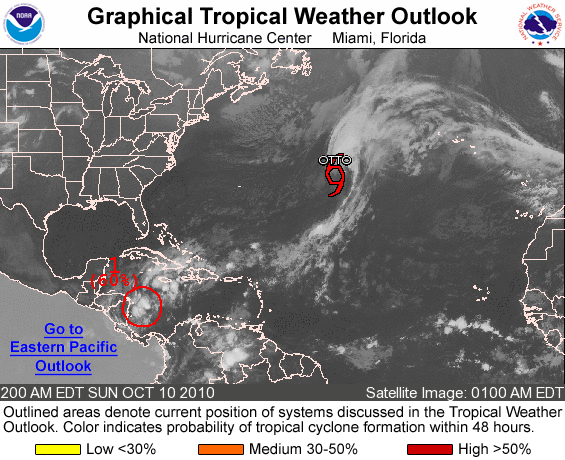
FOR THE NORTH ATLANTIC...CARIBBEAN SEA AND THE GULF OF MEXICO...

THE NATIONAL HURRICANE CENTER IS ISSUING ADVISORIES ON TROPICAL STORM OTTO...LOCATED ABOUT 935 MILES EAST OF BERMUDA.

1. SHOWERS AND THUNDERSTORMS ASSOCIATED WITH THE LOW PRESSURE SYSTEM LOCATED ABOUT 150 MILES EAST OF THE COAST OF NICARAGUA HAVE CHANGED LITTLE IN ORGANIZATION DURING THE PAST FEW HOURS. ENVIRONMENTAL CONDITIONS APPEAR CONDUCIVE FOR A TROPICAL DEPRESSION TO FORM DURING THE NEXT DAY OR TWO...AND THERE IS A HIGH CHANCE...60 PERCENT...OF TROPICAL CYCLONE FORMATION IN THE NEXT 48 HOURS AS THE SYSTEM MOVES NORTHWESTWARD AT 5 TO 10 MPH.

ELSEWHERE...TROPICAL CYCLONE FORMATION IS NOT EXPECTED DURING THE NEXT 48 HOURS.

FORECASTER BERG